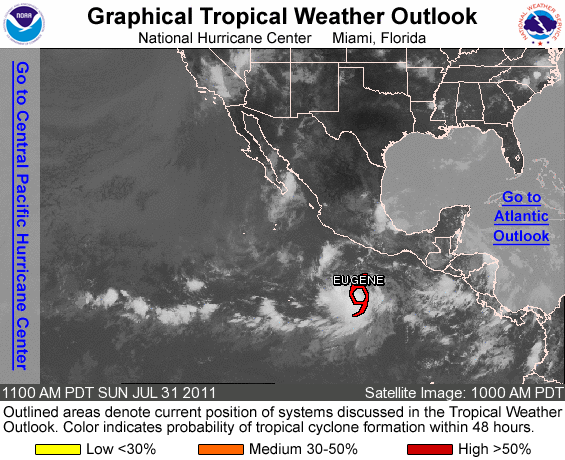
FOR THE EASTERN NORTH PACIFIC...EAST OF 140 DEGREES WEST LONGITUDE..

THE NATIONAL HURRICANE CENTER IS ISSUING ADVISORIES ON NEWLY- UPGRADED TROPICAL STORM EUGENE...LOCATED ABOUT 410 MILES SOUTH OF ACAPULCO MEXICO.

ELSEWHERE...TROPICAL CYCLONE FORMATION IS NOT EXPECTED DURING THE NEXT 48 HOURS.

PUBLIC ADVISORIES ON TROPICAL DEPRESSION FIVE-E ARE ISSUED UNDER WMO HEADER WTPZ35 KNHC AND UNDER AWIPS HEADER MIATCPEP5. FORECAST/ADVISORIES ON TROPICAL DEPRESSION FIVE-E ARE ISSUED UNDER WMO HEADER WTPZ25 KNHC AND UNDER AWIPS HEADER MIATCMEP5.

FORECASTER KIMBERLAIN